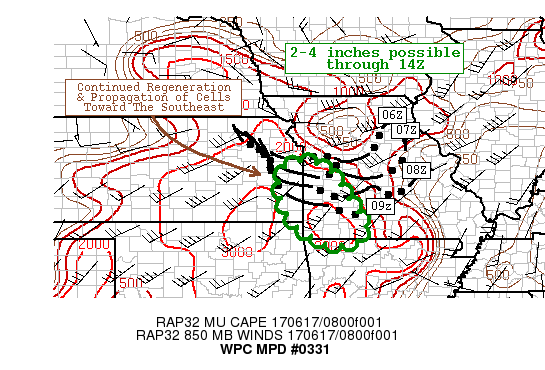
AREAS AFFECTED...NERN KS INTO WRN MO

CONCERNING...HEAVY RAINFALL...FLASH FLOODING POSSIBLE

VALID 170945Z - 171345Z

SUMMARY...TRAINING RAINFALL RATES OF 1-2 IN/HR MAY POSE A FEW
FLASH FLOOD CONCERNS FROM EXTREME SOUTHEASTERN KS INTO
SOUTHWESTERN MO THROUGH 14Z.

DISCUSSION...THE WESTERN FLANK OF AN OUTFLOW BOUNDARY ASSOCIATED
WITH A FORWARD PROPAGATING MCC CONTINUES TO REMAIN NEARLY
STATIONARY WHILE EXPERIENCING A MODEST AMOUNT OF LOW LEVEL INFLOW
FROM THE SOUTHWEST...30-40 KT. MOVEMENT OF INDIVIDUAL CELLS HAS
BEEN AVERAGING ABOUT 30 KT TOWARD THE SOUTHEAST...PARALLEL TO THE
ORIENTATION OF THE WESTERN FLANK. SPC MESOANALYSES AND RAP
ANALYSES SHOW SUBSTANTIAL MUCAPE OVER 3000 J/KG REMAINS IN PLACE
OVER SOUTHEASTERN KS AND SOUTHWESTERN MO.

850 MB WIND SPEEDS OF 30-40 KT OVER SOUTHEASTERN KS AND
NORTHEASTERN OK HAVE SHOWN WEAKENING AND SOME VEERING AS SEEN IN
THE VAD WIND PLOTS OVER THE PAST HOUR OR SO. THE WEAKENING TREND
IS FORECAST TO CONTINUE BY RECENT RUNS OF THE RAP BUT SPEEDS
SHOULD REMAIN SUFFICIENT FOR THE REGENERATION OF NEW CONVECTIVE
CELLS WHICH WOULD TRACK AND TRAIN SOUTHEASTWARD OVER PORTIONS OF
FAR SOUTHEASTERN KS AND SOUTHWESTERN MO. KEAX RADAR HAS SHOWN
RECENT CONVECTIVE DEVELOPMENT OVER DOUGLAS AND FRANKLIN COUNTIES
AT 0930Z. WHILE THE OVERALL TREND IN THE STRENGTH OF THE LEADING
EDGE OF THE CONVECTIVE LINE HAS BEEN TO WEAKEN OVER THE PAST
HOUR...A LOW END POTENTIAL FOR FLASH FLOODING WILL REMAIN INTO THE
EARLY MORNING HOURS OVER FAR SOUTHEASTERN KS AND SOUTHWESTERN MO
WITH FAVORABLE LOW LEVEL OVERRUNNING AND UPPER LEVEL DIFFLUENCE
PERSISTING FOR AT LEAST ANOTHER FEW HOURS.